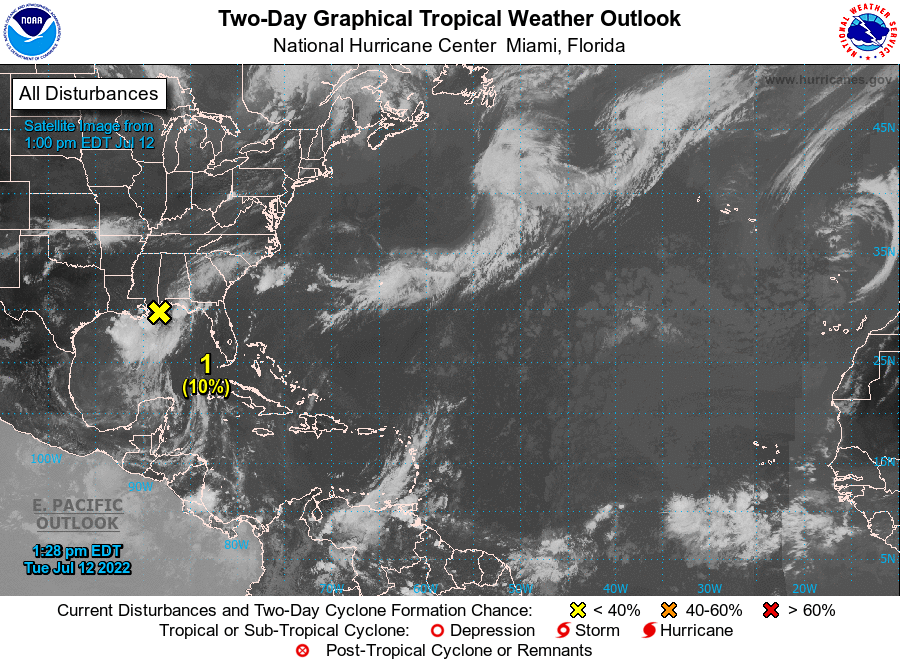
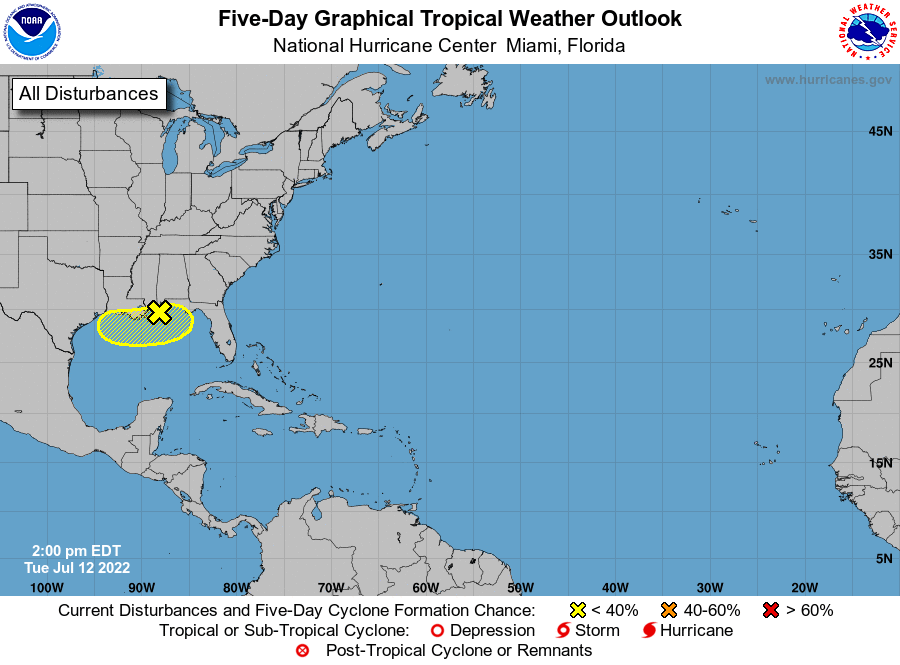
For the North Atlantic...Caribbean Sea and the Gulf of Mexico:

1. Northern Gulf of Mexico: A couple of weak low pressure systems embedded along a surface trough are producing disorganized showers and thunderstorms over the northern Gulf of Mexico, with some of that activity now spreading inland over the Florida Panhandle. The surface trough is expected to meander near the northern Gulf coast through the end of the week, but gradual development will only be possible if it remains over water during that time. Regardless of development, heavy rains will pose a risk of flash flooding along portions of the northern Gulf coast from Louisiana to the Florida Panhandle over the next several days. For more information about the potential for heavy rain and flooding, please see products issued by your local National Weather Service office and the Weather Prediction Center.
* Formation chance through 48 hours...low...10 percent.
* Formation chance through 5 days...low...20 percent.

Products from the Weather Prediction Center can be found at wpc.ncep.noaa.gov and local National Weather Service products can be found at weather.gov

Forecaster Berg